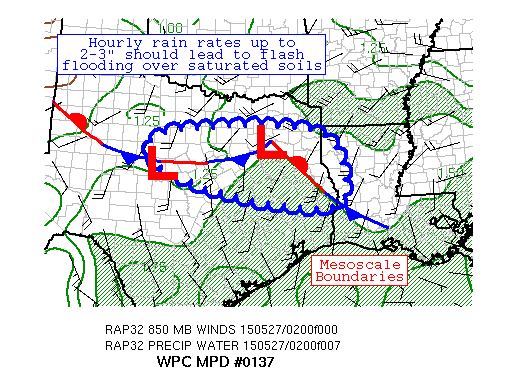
AREAS AFFECTED...PORTIONS OF EASTERN TX/WESTERN LA

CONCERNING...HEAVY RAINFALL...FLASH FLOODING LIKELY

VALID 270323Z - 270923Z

SUMMARY...A BROAD EAST-WEST BAND OF THUNDERSTORMS HAS FORMED WHICH
HAS BEEN UNLEASHING HEAVY RAINFALL UPON NORTH-CENTRAL TX.  FLASH
FLOODING IS CONSIDERED LIKELY OVER SATURATED SOILS.

DISCUSSION...A BAND OF THUNDERSTORMS CONTINUES TO GROW UPSCALE --
WITH COOLING CLOUD TOPS -- ACROSS NORTH-CENTRAL AND NORTHEAST TX,
FED BY 25-30 KT INFLOW AT 850 HPA OVERRIDING AN OUTFLOW
BOUNDARY/FORMING COLD POOL, MIXED LAYER CAPES OF 3000-4000 J/KG,
AND PRECIPITABLE WATER VALUES OF ~1.4".  SOME BACKBUILDING HAS
BEEN SEEN TOWARDS A PAIR OF MESOSCALE WAVES ON THE BOUNDARY ACROSS
NORTH-CENTRAL AND NORTHEAST TX.  CELL MOTION HAS BEEN ROUGHLY
EAST-SOUTHEAST AT 25 KTS, CLOSE IN MAGNITUDE AND DIRECTION TO THE
FORWARD PROPAGATING CORFIDI VECTORS AND 1000-500 HPA THICKNESS
PATTERN IN THE REGION.

WHILE THE MESOSCALE GUIDANCE HAS A SIGNAL FOR LOCAL 2-4" OF RAIN
IN THIS REGION, THE CURRENT LOCATION AND BREADTH OF THE
THUNDERSTORM BAND HAS EXCEEDED ALL MODEL EXPECTATIONS.  RECENT RAP
FORECASTS INDICATE STEADY STATE 850 HPA INFLOW OVERNIGHT, WHICH
SHOULD ALLOW THE CONVECTION TO CONTINUE TO INTENSIFY AS IT
CONTINUES MOVING EAST-SOUTHEAST.  CELL TRAINING/MERGERS ARE THE
MAIN CONCERN HERE.  WHILE HOURLY RAIN RATES HAVE RECENTLY NEARED
3" PER RADAR ESTIMATES, ONCE THE COMPLEX STARTS TO FORWARD
PROPAGATE, RAIN RATES OF UP TO 2" CAN BE GENERALLY EXPECTED.  MUCH
OF THIS AREA JUST RAINED HEAVILY YESTERDAY, SO SOILS ARE
SATURATED.  FLASH FLOODING SHOULD CONTINUE TO OCCUR IN THIS REGION.